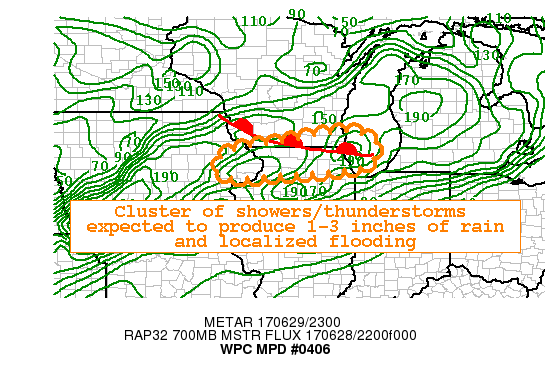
AREAS AFFECTED......SOUTHEAST WI AND NORTHERN IL...

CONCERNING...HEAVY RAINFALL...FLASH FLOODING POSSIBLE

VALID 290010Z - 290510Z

SUMMARY...CLUSTER OF SHOWERS AND THUNDERSTORMS ACROSS EASTERN IA
AND SOUTHWEST WI ARE EXPECTED TO CROSS SOUTHEAST WI AND NORTHERN
IL THIS EVENING. 1 TO 3 INCHES OF RAIN IS EXPECTED WITH ISOLATED
HIGHER TOTALS LIKELY.

DISCUSSION...A WARM FRONT WAS IN PLACE LATE THIS AFTERNOON AND
EVENING ACROSS SOUTHERN WI AND NORTHERN IL.  THUNDERSTORMS THAT
DEVELOPED IN ADVANCE OF AN APPROACHING COLD FRONT IN IOWA HAVE
PRODUCED WIDESPREAD 1-2 INCHES OF RAIN WITH AN ISOLATED 4 INCH
REPORT IN WEST UNION IA.

THE ACTIVITY IS EXPECTED TO CONTINUE MOVING EAST ACROSS SOUTHEAST
WI AND NORTHERN IL THIS EVENING AS STRONG LOW LEVEL SOUTHWEST FLOW
CONTINUES ADVECTING HIGH MOISTURE INTO THE REGION.  FAVORABLE HIGH
SURFACE DEWPOINTS IN THE LOWER 70S AND MIXED LAYER CAPE VALUES TO
2500 J/KG ALSO AID IN FURTHER DEVELOPMENT.

INFLOW AT 850 HPA IS CONVERGENT AT 40-50 KTS.  PRECIPITABLE WATER
VALUES ARE 1.75-2.0" IN THE 23Z RAP ANALYSIS.

EXPECTATIONS ARE FOR THE CONVECTION TO CONTINUE PROPAGATING
STEADILY EAST NEAR 25-30 KT WITH CELL MERGERS.  OCCASIONALLY
TRAINING BANDS WILL LEAD TO LOCALIZED HEAVY RAIN AND FLOODING OF
LOW LYING AND POORLY DRAINED AREAS.

THE 20-22Z HIGH RES RAPID REFRESH RUNS HAVE BEEN INDICATING 2 TO 3
INCHES OF RAIN...AS WELL AS THE 12Z HIGH RES WRN NMMB.  THESE
AMOUNTS HAVE GOOD CONTINUITY FROM UPSTREAM REPORTS, SO LOOK
REASONABLE.
HOURLY RAIN RATES TO 2" AND LOCAL AMOUNTS TO 4" ARE POSSIBLE IN
SOUTHEAST WI AND NORTHERN IL.